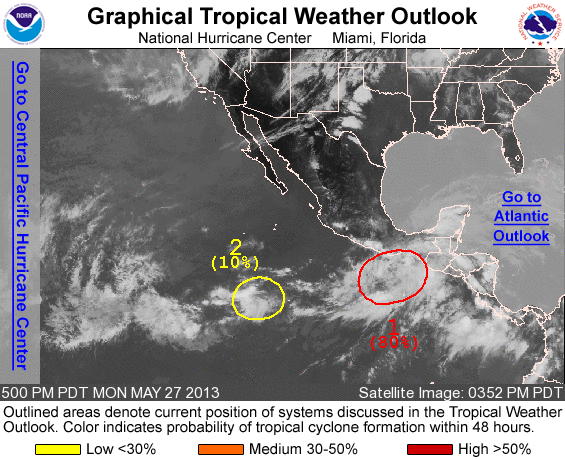
FOR THE EASTERN NORTH PACIFIC...EAST OF 140 DEGREES WEST LONGITUDE..

1. SHOWERS AND THUNDERSTORMS ASSOCIATED WITH THE AREA OF LOW PRESSURE CENTERED ABOUT 200 MILES SOUTH-SOUTHWEST OF THE GULF OF TEHUANTEPEC HAVE DECREASED A BIT THIS AFTERNOON. HOWEVER...THE CIRCULATION IS STILL BECOMING BETTER DEFINED...AND A REDEVELOPMENT OF THE SHOWERS AND THUNDERSTORMS COULD LEAD TO THE FORMATION OF A TROPICAL DEPRESSION TONIGHT OR ON TUESDAY. THIS SYSTEM HAS A HIGH CHANCE... 80 PERCENT...OF BECOMING A TROPICAL CYCLONE DURING THE NEXT 48 HOURS BEFORE IT REACHES THE SOUTHERN COAST OF MEXICO. IF A TROPICAL DEPRESSION FORMS...A TROPICAL STORM WARNING WOULD BE NEEDED FOR A PORTION OF THE SOUTHERN COAST OF MEXICO...AND INTERESTS IN THAT AREA SHOULD CONTINUE TO MONITOR THE PROGRESS OF THIS SYSTEM. REGARDLESS OF DEVELOPMENT...HEAVY RAINS ARE LIKELY OVER PARTS OF SOUTHERN MEXICO AND WESTERN CENTRAL AMERICA DURING THE NEXT FEW DAYS. THESE RAINS COULD PRODUCE LIFE-THREATENING FLASH FLOODS AND MUD SLIDES.

2. A WEAK AREA OF LOW PRESSURE LOCATED ABOUT 750 MILES SOUTHWEST OF MANZANILLO MEXICO CONTINUES TO PRODUCE DISORGANIZED SHOWERS AND THUNDERSTORMS. DEVELOPMENT...IF ANY...OF THIS SYSTEM SHOULD BE SLOW TO OCCUR...AND IT HAS A LOW CHANCE...10 PERCENT...OF BECOMING A TROPICAL CYCLONE WHILE BEING NEARLY STATIONARY DURING THE NEXT 48 HOURS.

ELSEWHERE...TROPICAL CYCLONE FORMATION IS NOT EXPECTED DURING THE NEXT 48 HOURS.

FORECASTER BERG